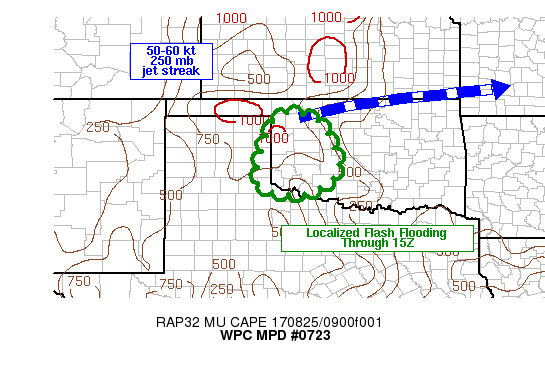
AREAS AFFECTED...WRN OK

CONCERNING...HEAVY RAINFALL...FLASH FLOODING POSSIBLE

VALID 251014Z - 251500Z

SUMMARY...TRAINING OF SLOW MOVING CORES OF HEAVY RAIN WILL
CONTINUE A FLASH FLOOD THREAT OVER THE NEXT 3-5 HOURS IN PORTIONS
OF WRN OK. ONE OR TWO LOCATIONS COULD SEE 3-5 INCHES.

DISCUSSION...KFDR REFLECTIVITY AT 1000Z SHOWED SOMEWHAT
DISORGANIZED BUT SLOW MOVING/TRAINING CORES OF HEAVY RAIN OVER
PORTIONS OF WRN OK ALONG AND SOUTH OF I-40. EXPERIMENTAL GOES 16
INFRARED IMAGERY HAS SHOWN AN EXPANSION OF COLDER CLOUD TOPS OVER
THE PAST 1-2 HOURS AND DUAL POL RAINFALL ESTIMATES HAVE BEEN 2-3
IN/HR IN GREER COUNTY IN SWRN OK. THE AREA OF RAINFALL IS
OCCURRING AHEAD OF THE SRN END OF A MID-UPPER LEVEL SHORTWAVE
TROUGH ADVANCING INTO THE TX PANHANDLE. 06Z SPECIAL SOUNDINGS FROM
AMA AND FWD SHOWED A TIGHT GRADIENT IN PRECIPITABLE WATER WITH
1.14 INCHES AT AMA AND 2.03 INCHES AT FWD...WITH WARM ADVECTION
VIA 15-20 KT 850 MB FLOW AIDING IN MOISTURE TRANSPORT TO THE
NORTH. INDIVIDUAL CELLS HAVE BEEN MOVING TOWARD THE NNE AND NNW AT
ROUGHLY 10 KT WITH THE STRONGER LOW LEVEL INFLOW AIDING IN
TRAINING IN A FEW AREAS.

CAPE IS SOMEWHAT MARGINAL AT 500-1000 J/KG MAXIMUM MUCAPE AS SEEN
IN THE LATEST SPC MESOANALYSIS PAGE OVER SWRN OK BUT WEAK RIGHT
ENTRANCE REGION JET SUPPORT IS AIDING IN ASCENT. THE ADDITION OF
SURFACE HEATING WITH SUNRISE AND THE DEPARTURE OF THE
AFOREMENTIONED JET STREAK SHOULD HELP TO DISRUPT WHAT CELL
ORGANIZATION IS PRESENT. GIVEN RELATIVELY WEAK
FORCING...ADDITIONAL FLASH FLOODING WILL REMAIN POSSIBLE OVER THE
NEXT FEW HOURS BUT SHOULD REMAIN LIMITED TO ONE OR TWO LOCATIONS
THROUGH 15Z. A COUPLE OF LOCATIONS COULD SEE 3-5 INCHES BY 15Z.